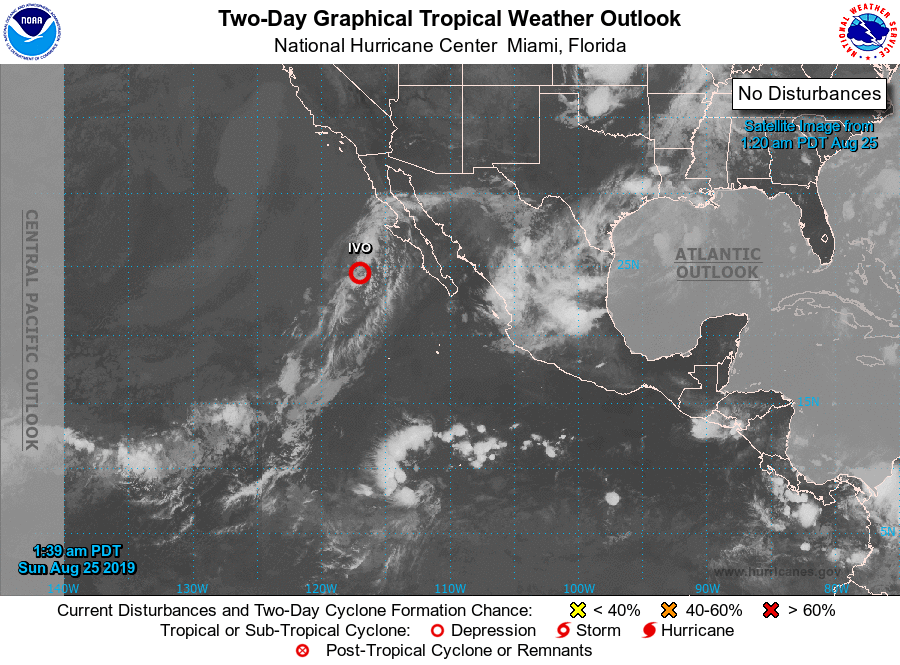
For the eastern North Pacific...east of 140 degrees west longitude:

The National Hurricane Center is issuing advisories on Tropical Storm Ivo, located several hundred miles west of the southern tip of the Baja California peninsula.

1. A trough of low pressure is forecast to develop in a couple of days near the southern tip of the Baja California peninsula. Development of this system appears unlikely while it moves slowly westward or west-northwestward.
* Formation chance through 48 hours...low...near 0 percent.
* Formation chance through 5 days...low...10 percent.

Forecaster Cangialosi